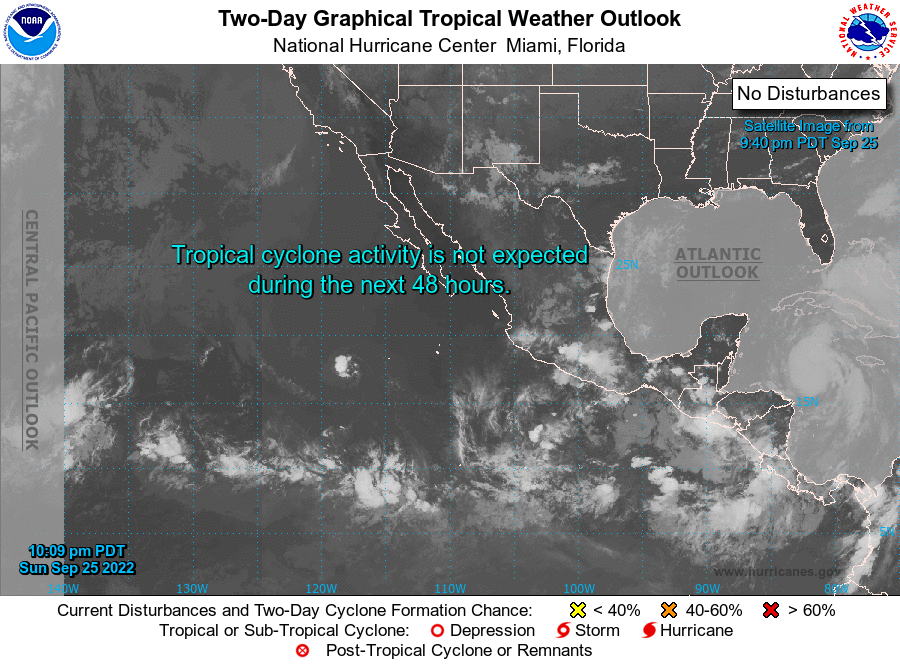
For the eastern North Pacific...east of 140 degrees west longitude:

1. South of the Southern Coast of Mexico: An area of low pressure is forecast to develop south of the southern coast of Mexico in a couple of days. Environmental conditions are expected to be conducive for gradual development while the disturbance generally moves westward to west-northwestward through the end of the week.
* Formation chance through 48 hours...low...near 0 percent.
* Formation chance through 5 days...low...30 percent.

Forecaster Roberts